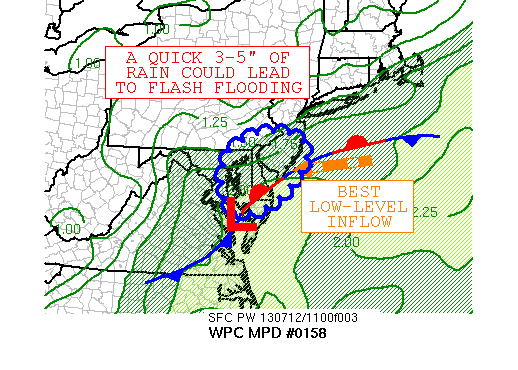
AREAS AFFECTED...EASTERN MD...DE...SOUTHEAST PA...SOUTHERN NJ

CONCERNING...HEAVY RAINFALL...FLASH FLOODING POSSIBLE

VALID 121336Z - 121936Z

SUMMARY...A CONVECTIVELY-INDUCED CIRCULATION IS EXPECTED TO MOVE
SLOWLY EAST-NORTHEAST THROUGH THE DELMARVA DURING REMAINDER OF
THIS MORNING INTO EARLY THIS AFTERNOON.  WITH A QUICK 3-5 INCHES
OF RAINFALL EXPECTED OVER AN AREA OF HIGH FLASH FLOOD GUIDANCE,
FLASH FLOODING IS POSSIBLE IN THIS REGION.

DISCUSSION...A CONVECTIVE VORTICITY MAXIMUM ACROSS THE EASTERN
SHORE/DELMARVA IS EXPECTED TO CONTINUE TRACKING SLOWLY
EAST-NORTHEAST, WHICH HAS AN ASSOCIATED SURFACE LOW ALONG A
FRONTAL ZONE.  RAINFALL RATES FROM GENERALLY ELEVATED CONVECTION
ACROSS THE REGION HAVE NOT APPRECIABLY CHANGED FROM OVERNIGHT,
WITH LOCAL AMOUNTS OF 3-5 INCHES FALLING ALONG AND NEAR ITS PATH
AS INDICATED BY RADAR AND THE DULLES AIRPORT VA OBSERVATION.  WARM
RAIN PROCESSES ARE AT PLAY HERE AS CLOUD TOPS ARE NOT COLD, WITH
RELATIVELY WARM CIRROSTRATUS SEEN ON WATER VAPOR IMAGERY WITH NO
INDICATIONS OF OVERSHOOTING TOPS NOTED.

AS THE LOW INTERACTS WITH THE FRONTAL BOUNDARY DRAWING INFLOW OF
20-25 KNOTS WITHIN ITS NORTHERN FLANK WITHIN A REGION OF 2-2.25
INCH PRECIPITABLE WATER VALUES, PRECIPITATION SHOULD REMAIN
EFFICIENT IN THIS REGION.  DIVERGENCE ALOFT IS BEING CAUSED BY AN
UPPER LEVEL LOW DROPPING INTO WESTERN WV.  CAPE VALUES ACROSS THE
REGION ARE EXPECTED TO HOVER IN THE 1000-1500 J/KG RANGE THROUGH
THE PERIOD.  FLASH FLOOD GUIDANCE IS HIGH, ON THE ORDER OF 3-4
INCHES IN THREE HOURS.  WITH NO WEAKENING INDICATED BY RECENT RAP
RUNS TO THE SYSTEM'S ATLANTIC INFLOW INTO THIS AFTERNOON, BELIEVE
FLASH FLOODING IS POSSIBLE OVER THE NEXT SEVERAL HOURS.  A QUICK
3-5 INCHES OF RAIN COULD LEAD TO FLASH FLOODING.